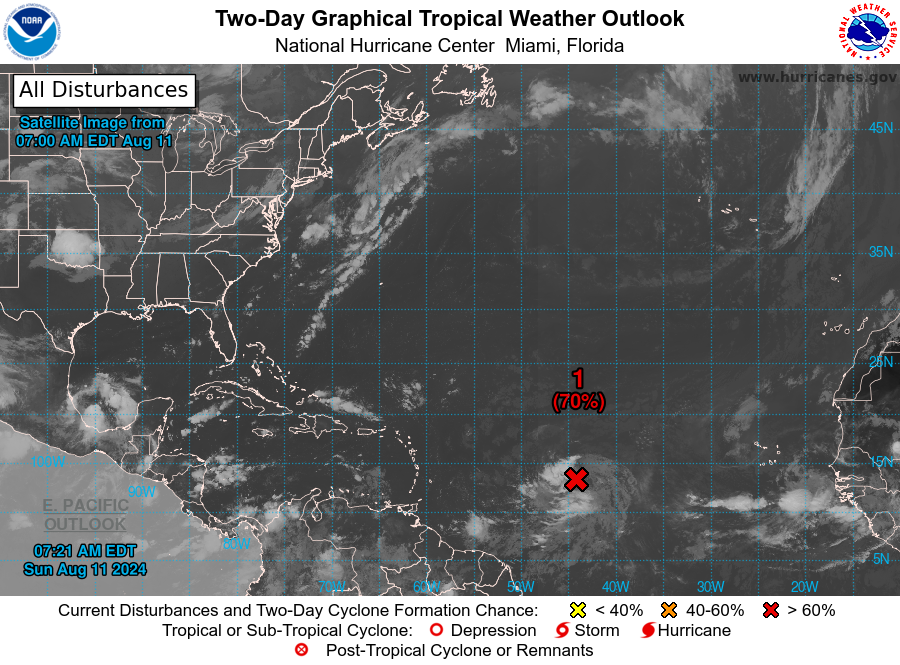
For the North Atlantic...Caribbean Sea and the Gulf of Mexico:

1. Near the Lesser and Greater Antilles (AL98): Showers and thunderstorms continue to show some signs of organization in association with a broad area of low pressure located about 1000 miles east of the Lesser Antilles. Environmental conditions appear conducive for gradual development of this system, and a tropical depression is likely to form within the next couple of days while the system approaches and then moves near or over the Leeward Islands. Interests on these islands should continue to monitor the progress of this system, and watches or warnings could be required for portions of the area as soon as later today. The system could approach portions of the Greater Antilles by the middle of the week.
* Formation chance through 48 hours...high...70 percent.
* Formation chance through 7 days...high...90 percent.

Forecaster Cangialosi